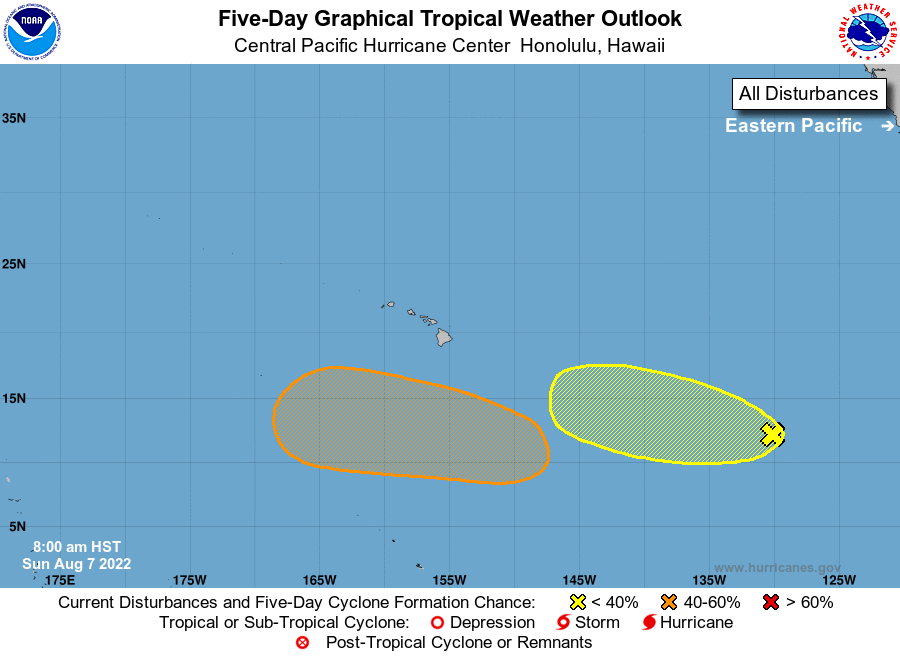
For the central North Pacific...between 140W and 180W:

1. Well South of the Main Hawaiian Islands: An area of low pressure could form late Tuesday or Wednesday within a broad trough several hundred miles south of the main Hawaiian Islands. Environmental conditions could allow for some gradual development of this system, and a tropical depression could form as it moves quickly westward over the central Pacific later this week.
* Formation chance through 48 hours...low...near 0 percent.
* Formation chance through 5 days...medium...40 percent.

2. Well East-Southeast of the Main Hawaiian Islands: A large area of disorganized showers and thunderstorms is associated with a broad trough of low pressure located more than 1000 miles east-southeast of the Hawaiian Islands. Some gradual development of this system is possible through the middle part of this week while it moves generally westward into the central Pacific basin.
* Formation chance through 48 hours...low...10 percent.
* Formation chance through 5 days...low...20 percent.

Elsewhere, no tropical cyclones are expected during the next 5 days.

Forecaster Wroe